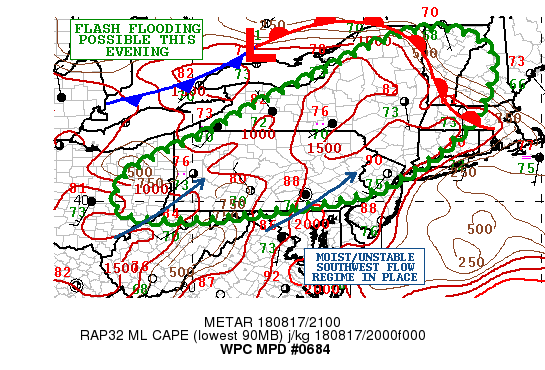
Areas affected...Portions of the Upper OH Valley...Northern
Mid-Atlantic...NY and New England

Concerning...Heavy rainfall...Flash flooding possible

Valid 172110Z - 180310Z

Summary...Showers and thunderstorms continue to organize and
expand in coverage over the next several hours. Given the locally
very wet antecedent conditions, some flash flooding will be
possible.

Discussion...Multiple shortwave troughs are advancing up across
the lower Great Lakes and New England this afternoon which is
helping to gradually advance a cold front off to the southeast as
a wave of low pressure lifts up across far eastern Ontario. A warm
front meanwhile is lifting northeast up across the interior of the
Northeast.

The warm sector is characterized by a southwest flow regime which
is moderately unstable with as much as 2000 j/kg of MLCAPE, and it
is quite moist with PWATS of 1.7 to 1.9 inches. Robust diurnal
heating this afternoon in conjunction with modest deep layer
ascent associated with the shortwave energy traversing the lower
Great Lakes and New England has allowed numerous small scale
clusters of convection to develop and lift progressively off to
the northeast. Over the next few hours, there will tend to be some
additional convective organization as somewhat stronger shear
profiles arrive from the OH Valley and couple with the
aforementioned boundary layer instability. This will set the stage
for some linear convective bands that may tend to train over the
same area. Some cell-merger activity will be possible as well.

The latest hires model consensus favors some heavy rainfall totals
of as much as 3 to 4 inches locally going through 03Z. Portions of
the threat area are quite sensitive given heavy rainfall from
earlier in the week, and these areas include northern PA, southern
NY and adjacent areas of central and southern New England. Given
the expected rainfall amounts through this evening, some flash
flooding will be possible.